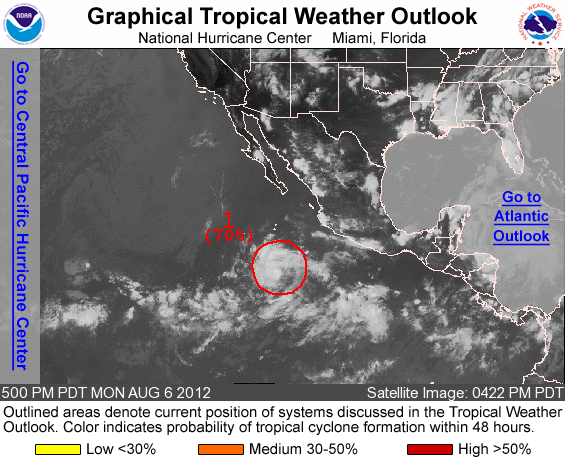
FOR THE EASTERN NORTH PACIFIC...EAST OF 140 DEGREES WEST LONGITUDE..

1. SATELLITE IMAGERY INDICATES THAT THE LOW PRESSURE SYSTEM LOCATED ABOUT 525 MILES SOUTHWEST OF MANZANILLO MEXICO HAS BECOME BETTER DEFINED DURING THE PAST SEVERAL HOURS. SHOWER AND THUNDERSTORM ACTIVITY ASSOCIATED WITH THE LOW HAS ALSO BECOME BETTER ORGANIZED. ENVIRONMENTAL CONDITIONS ARE CONDUCIVE FOR DEVELOPMENT...AND A TROPICAL DEPRESSION COULD FORM DURING THE NEXT DAY OR SO AS THE LOW MOVES WEST-NORTHWESTWARD AT 10 TO 15 MPH. THIS SYSTEM HAS A HIGH CHANCE...70 PERCENT...OF BECOMING A TROPICAL CYCLONE DURING THE NEXT 48 HOURS.

ELSEWHERE...TROPICAL CYCLONE FORMATION IS NOT EXPECTED DURING THE NEXT 48 HOURS.

FORECASTER KIMBERLAIN/STEWART